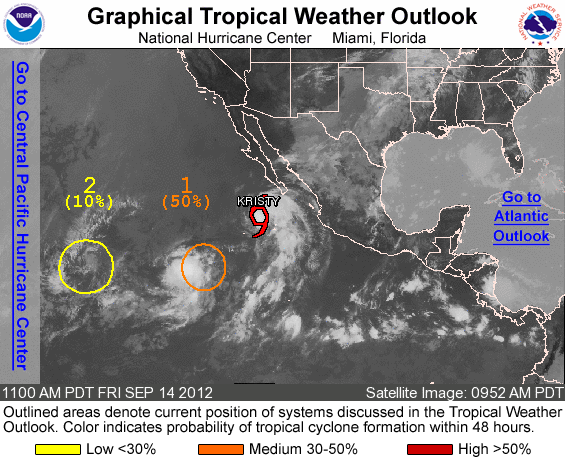
FOR THE EASTERN NORTH PACIFIC...EAST OF 140 DEGREES WEST LONGITUDE..

THE NATIONAL HURRICANE CENTER IS ISSUING ADVISORIES ON TROPICAL STORM KRISTY...LOCATED ABOUT 260 MILES SOUTHWEST OF THE SOUTHERN TIP OF BAJA CALIFORNIA.

1. THE AREA OF DISTURBED WEATHER ASSOCIATED WITH A LOW PRESSURE SYSTEM ABOUT 900 MILES SOUTHWEST OF THE SOUTHERN TIP OF BAJA CALIFORNIA HAS NOT CHANGED MUCH IN ORGANIZATION DURING THE PAST SEVERAL HOURS. HOWEVER...A TROPICAL DEPRESSION COULD FORM BEFORE THE ENVIRONMENT BECOMES LESS CONDUCIVE FOR DEVELOPMENT IN A COUPLE OF DAYS. THIS SYSTEM HAS A MEDIUM CHANCE...50 PERCENT...OF BECOMING A TROPICAL CYCLONE DURING THE NEXT 48 HOURS...AS IT MOVES SLOWLY TOWARD THE WEST-NORTHWEST.

2. CLOUDINESS AND THUNDERSTORMS ASSOCIATED WITH AN AREA OF LOW PRESSURE ABOUT 1725 MILES WEST-SOUTHWEST OF THE SOUTHERN TIP OF BAJA CALIFORNIA HAVE DIMINISHED. ENVIRONMENTAL CONDITIONS ARE BECOMING LESS CONDUCIVE FOR DEVELOPMENT...AND THIS SYSTEM HAS A LOW CHANCE...10 PERCENT...OF BECOMING A TROPICAL CYCLONE DURING THE NEXT 48 HOURS.

ELSEWHERE...TROPICAL CYCLONE FORMATION IS NOT EXPECTED DURING THE NEXT 48 HOURS.

FORECASTER AVILA